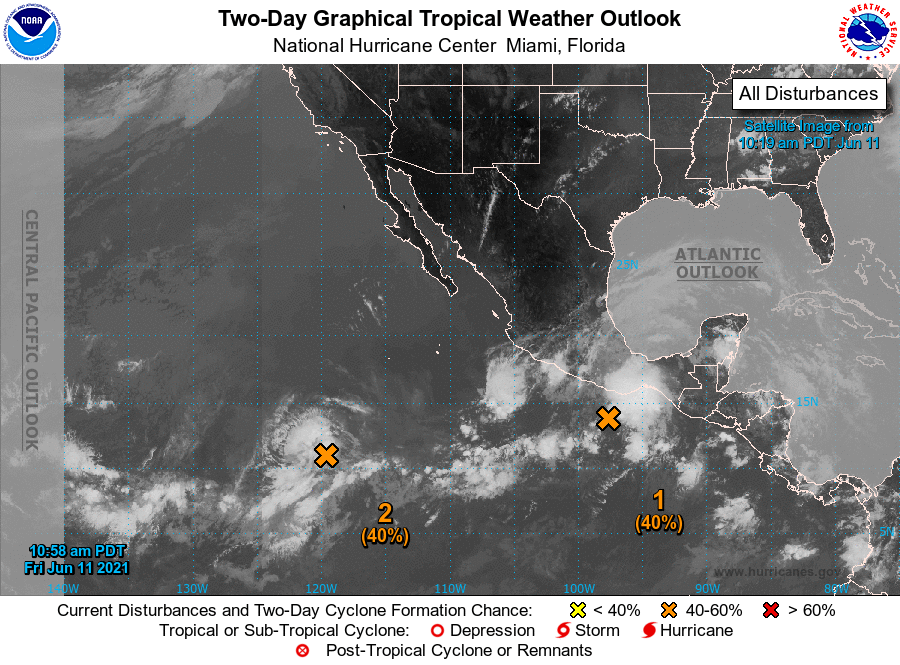
For the eastern North Pacific...east of 140 degrees west longitude:

1. Showers and thunderstorms have changed little in organization today in association with a broad area of low pressure located a couple hundred miles south of Puerto Angel, Mexico. Environmental conditions appear conducive for additional development, and a tropical depression could form by this weekend, as long as the system remains over water while drifting north-northeastward. Heavy rainfall will be possible over portions of Central America and southern Mexico through early next week. See products from your local meteorological service for more information.
* Formation chance through 48 hours...medium...40 percent.
* Formation chance through 5 days...medium...50 percent.

2. Showers and thunderstorms have become a little beter organized today in association with a broad area of low pressure located about 1100 miles southwest of the southern tip of the Baja California peninsula. Environmental conditions appear marginally conducive for some additional development over the next few days, and a tropical depression could form by early next week while the system moves slowly westward.
* Formation chance through 48 hours...medium...40 percent.
* Formation chance through 5 days...medium...50 percent.

Forecaster Latto